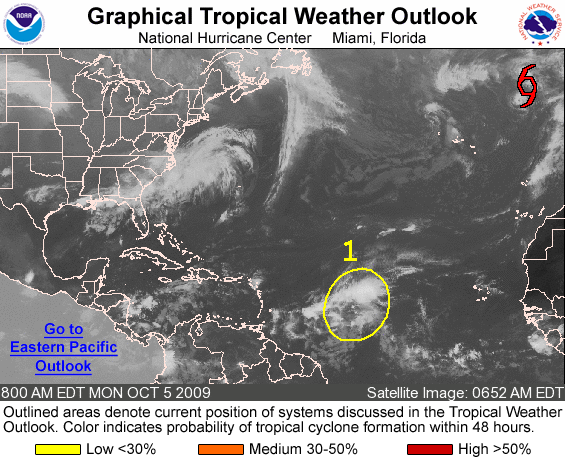
FOR THE NORTH ATLANTIC...CARIBBEAN SEA AND THE GULF OF MEXICO...

THE NATIONAL HURRICANE CENTER IS ISSUING ADVISORIES ON TROPICAL STORM GRACE...LOCATED ABOUT 585 MILES NORTHEAST OF THE AZORES.

1. A TROPICAL WAVE LOCATED ABOUT 1000 MILES EAST OF THE WINDWARD ISLANDS IS MOVING WEST-NORTHWESTWARD NEAR 15 MPH AND CONTINUES TO PRODUCE A LARGE AREA OF DISORGANIZED SHOWERS AND THUNDERSTORMS. SOME SLOW DEVELOPMENT OF THIS SYSTEM IS POSSIBLE BEFORE UPPER-LEVEL WINDS INCREASE IN A COUPLE OF DAYS. THERE IS A LOW CHANCE...LESS THAN 30 PERCENT...OF THIS SYSTEM BECOMING A TROPICAL CYCLONE DURING THE NEXT 48 HOURS.

ELSEWHERE...TROPICAL CYCLONE FORMATION IS NOT EXPECTED DURING THE NEXT 48 HOURS.

FORECASTER BERG